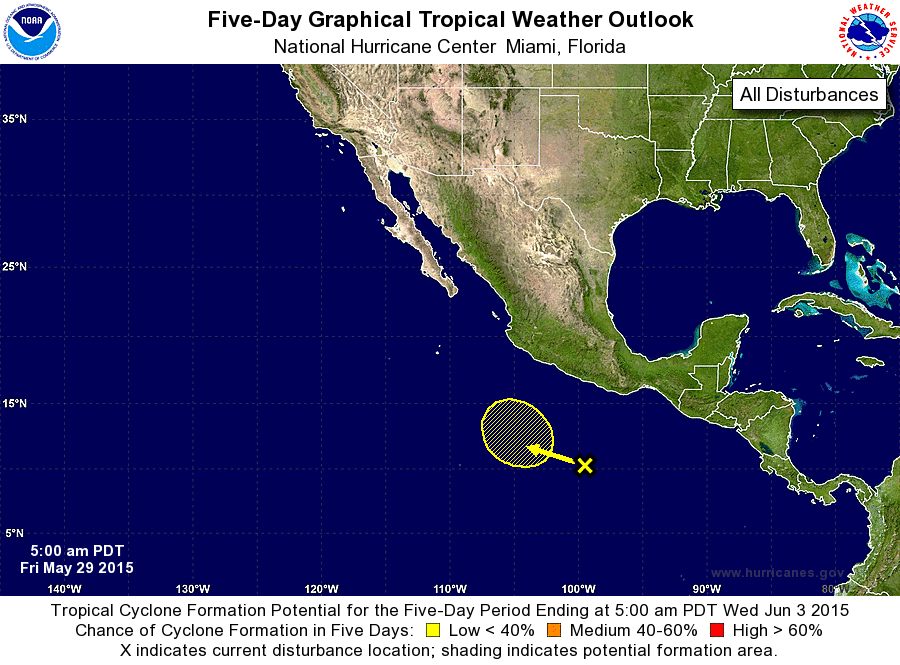
For the eastern North Pacific...east of 140 degrees west longitude:

The National Hurricane Center is issuing advisories on Tropical Storm Andres, located about 800 miles south-southwest of the southern tip of the Baja California peninsula.

1. A small area of disorganized cloudiness and showers associated with a tropical wave is located several hundred miles south of Acapulco, Mexico. Upper-level winds are not expected to be favorable during the next few days while the system moves slowly west-northwestward, but they could become more conducive for development early next week.
* Formation chance through 48 hours...low...near 0 percent
* Formation chance through 5 days...low...30 percent

Forecaster Cangialosi